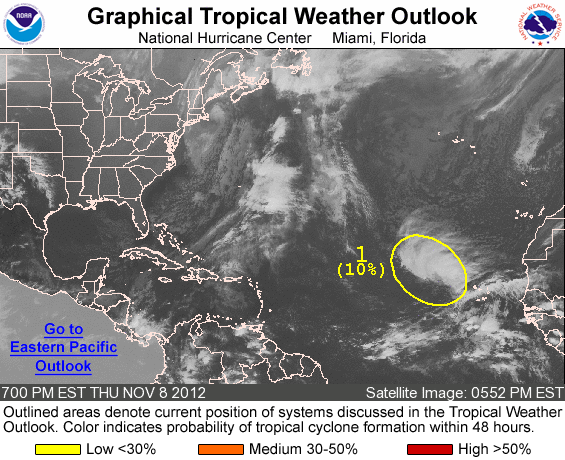
FOR THE NORTH ATLANTIC...CARIBBEAN SEA AND THE GULF OF MEXICO...

1. A LARGE AREA OF CLOUDINESS AND THUNDERSTORMS EXTENDING UP TO 900 MILES WEST-NORTHWEST OF THE CAPE VERDE ISLANDS IS ASSOCIATED WITH A WEAK SURFACE TROUGH INTERACTING WITH A LOW PRESSURE SYSTEM IN THE MIDDLE AND UPPER LEVELS OF THE ATMOSPHERE. DEVELOPMENT...IF ANY... SHOULD BE SLOW TO OCCUR...AND THIS SYSTEM HAS A LOW CHANCE...10 PERCENT...OF BECOMING A TROPICAL CYCLONE DURING THE NEXT 48 HOURS.

ELSEWHERE...TROPICAL CYCLONE FORMATION IS NOT EXPECTED DURING THE NEXT 48 HOURS.

FORECASTER BERG